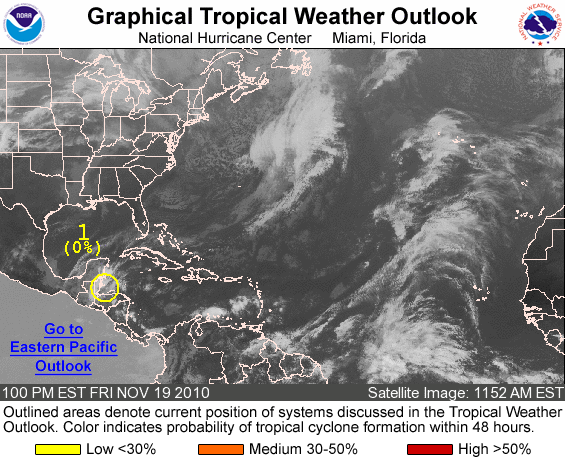
FOR THE NORTH ATLANTIC...CARIBBEAN SEA AND THE GULF OF MEXICO...

1. DISORGANIZED SHOWERS AND A FEW THUNDERSTORMS CONTINUE IN ASSOCIATION WITH A WEAK AREA OF LOW PRESSURE LOCATED OVER THE GULF OF HONDURAS TO THE WEST OF THE BAY ISLANDS. THE LOW CENTER IS EXPECTED TO MOVE INLAND OVER BELIZE AND GUATEMALA LATER TODAY...AND DEVELOPMENT IS NOT EXPECTED. THERE IS A LOW CHANCE...NEAR 0 PERCENT...OF THIS SYSTEM BECOMING A TROPICAL CYCLONE BEFORE IT MOVES INLAND. THIS DISTURBANCE COULD STILL PRODUCE LOCALLY HEAVY RAINFALL OVER PORTIONS OF BELIZE...GUATEMALA...AND THE SOUTHERN YUCATAN PENINSULA OF MEXICO DURING THE NEXT COUPLE OF DAYS.

ELSEWHERE...TROPICAL CYCLONE FORMATION IS NOT EXPECTED DURING THE NEXT 48 HOURS.

FORECASTER KIMBERLAIN/BLAKE